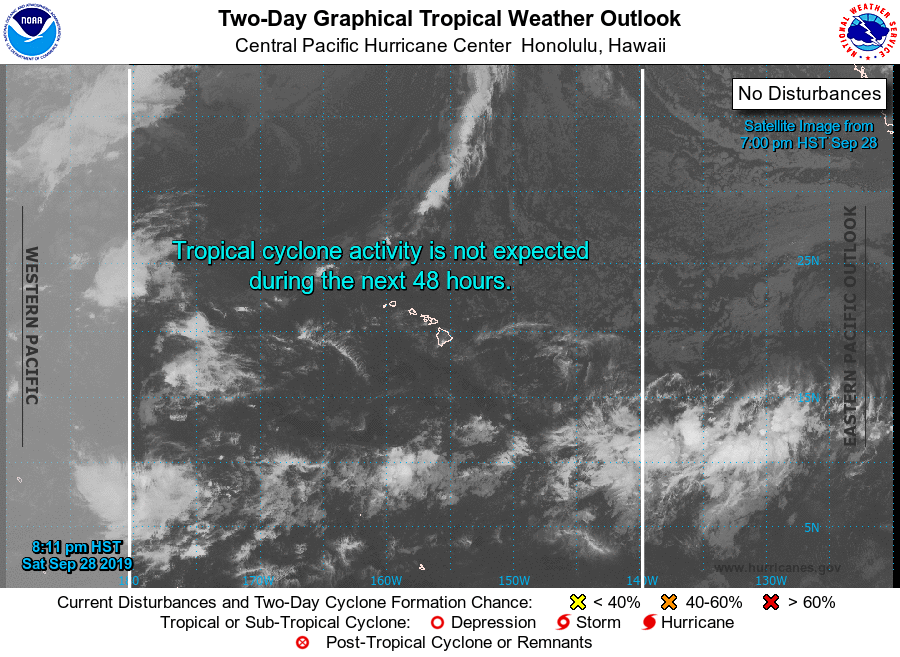
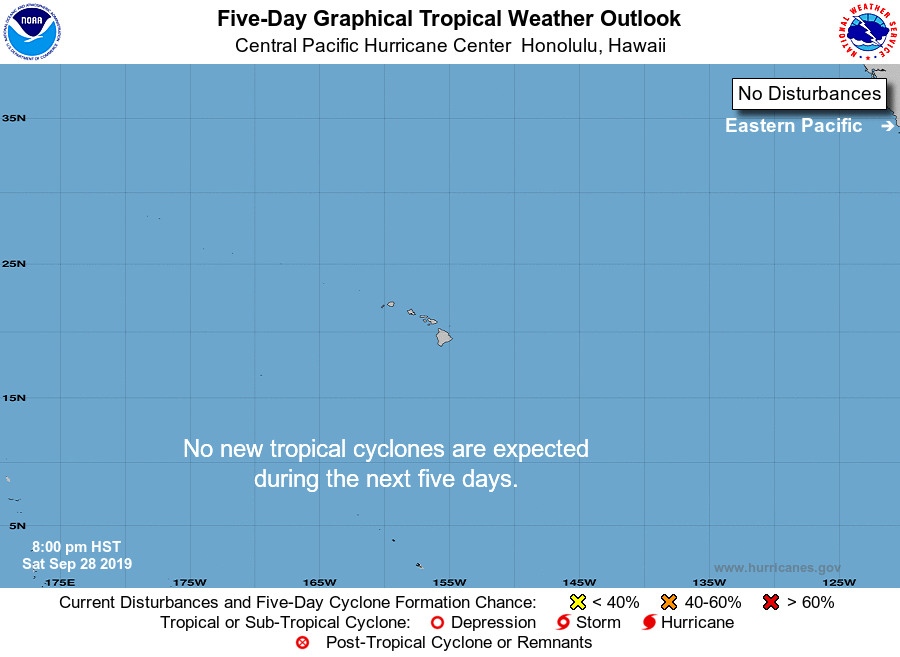
For the central North Pacific...between 140W and 180W:

No tropical cyclones are expected through the next 5 days.

Forecaster Gibbs